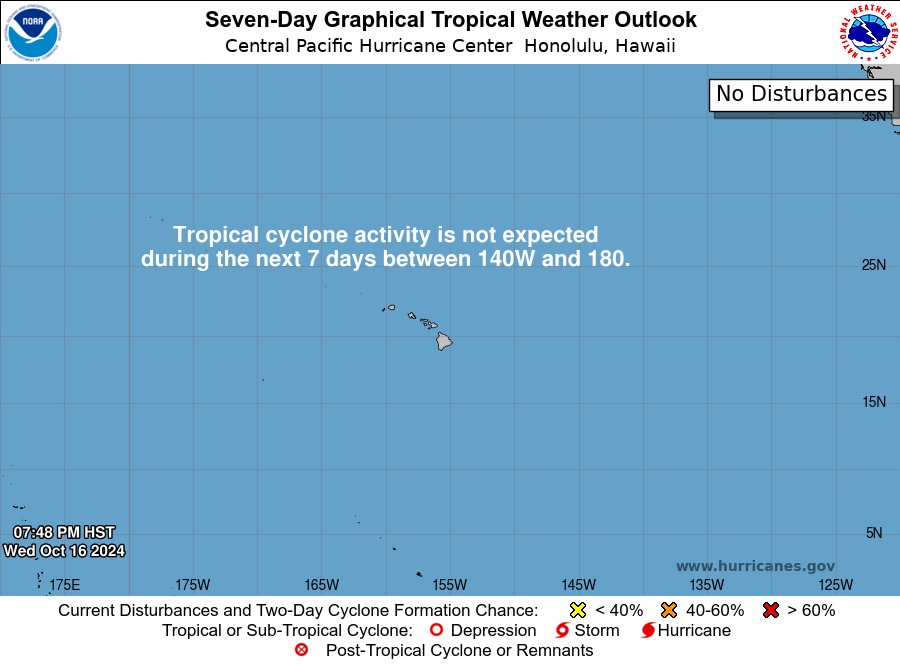
For the central North Pacific...between 140W and 180W:

No tropical cyclones are expected during the next 7 days.

Forecaster Gibbs